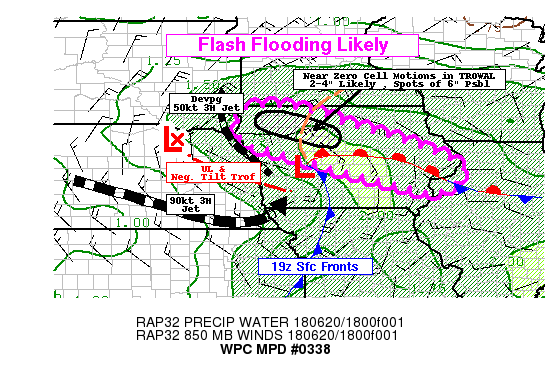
AREAS AFFECTED...IOWA...EXT NORTHWEST IL

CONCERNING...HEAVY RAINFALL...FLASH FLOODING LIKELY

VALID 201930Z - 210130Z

SUMMARY...DEEP CYCLOGENESIS WILL LEAD TO SLOW MOVING/STATIONARY
CELLS ALONG THE TROWAL ACROSS SATURATED SOILS LEADING TO LIKELY
FLASH FLOODING WITH 2-4" LIKELY WITH LOCALIZED HIGHER AMOUNTS
POSSIBLE.

DISCUSSION...GOES-16 WV SUITE DEPICTS A NEGATIVELY TILTED MID TO
UPPER LEVEL TROF ACROSS NEB INTO NW MO ATTM.  A STRONG UPSTREAM
90KT 3H JET IS UNDER CUTTING THE TROF AND ROUNDING THE BASE WITH A
NARROW SW-NW SPEED MAX TO 50KTS EXPECTED TOWARD 00Z IN THE
VICINITY OF THE MISSOURI RIVER. SO STRONG DIFFLUENCE BUT ALSO
SPEED DIVERGENCE WILL SUPPORT VERY STRONG CYCLOGENESIS ACROSS
CENTRAL IA.  GIVEN THE STRENGTH OF THE JET AND SHARPNESS OF THE
TROF...THE COLD FRONT WILL BE ACCELERATING EASTWARD QUICKLY...AND
WILL ORIENTED THE WARM CONVEYOR BELT/TROWAL BISECTING IA FROM NEAR
THE QUAD CITIES TO NW IA WITH VERY SLOW/NEAR ZERO CELL MOTION
VECTORS.  CLOUD COVER/MODERATE SHOWERS ACROSS THE SE SD INTO NW IA
HAS SIGNIFICANTLY STUNTED INSTABILITY BUT STRONG INSOLATION IN
CENTRAL IA SUPPORTED 2000-2500 J/KG CAPES GIVEN MID-70S TDS.

STRONG CONVERGENCE ALONG THE FRONTAL ZONE HAS SPARKED RAPIDLY
DEVELOPING CONVECTION THAT HAS BEEN LIFTING NORTH WITH SOME CELLS
DEVELOPMENT WITHIN THE DEVELOPING TROWAL OVER NW IA AS WELL.
GIVEN ADVECTION OF THE INSTABILITY THROUGH THE TROWAL AND HIGH LOW
TO MID-LEVEL MOISTURE POOLED ALONG THE FRONT...TOTAL PWS OVER
1.75" HAVE BEEN OBSERVED IN GPS AND BLENDED TPW SUPPORTING MOIST
LOW LEVEL PROFILES FOR EFFICIENT RAINFALL PRODUCTION AND RATES.
ALONG THE SIDE OF THE DEVELOPING SURFACE LOW...RAP PROPAGATION
VECTORS WILL BE ALIGNED FOR TRAINING/MERGERS WITH 10-15KTS TOWARD
THE NNW SLOWING TO NEAR ZERO NEAR SLB...SUPPORTING THE POTENTIAL
FOR HIGH RATES INITIALLY BUT CONTINUING TO SUPPORT MODERATE TO
HEAVY SHIELD PRECIPITATION FOR A LONGER DURATION INUNDATION
FLOODING CONCERNS AFTER NIGHTFALL. HI-RES CAMS ARE SUPPORTIVE AND
ARE SUGGESTIVE OF 2-4" TOTALS WITH SOME POTENTIAL ISOLATED SPOTS
OVER 6" PSBL.  GIVEN WET ANTECEDENT CONDITIONS FLASH FLOODING IS
CONSIDERED LIKELY ACROSS NW IA TO CENTRAL IA.

FURTHER EAST...NEAR THE TRIPLE POINT IN E IA...CELLS WILL ALSO
SLOW DOWN NEAR/ACROSS THE WARM FRONT INTO N IL...WHILE DURATION
GIVEN SLIGHTLY FASTER FORWARD (EASTWARD) PROPAGATION VECTORS.
HOWEVER LOWERED 1HR FFG VALUES 1.5-2" AND 3HR TO 2-3" STILL REMAIN
POSSIBLE FOR EXCEEDANCE GIVEN THE RAINFALL EFFICIENCY AND FLASH
FLOODING IS POSSIBLE ACROSS E IA INTO NW IL THROUGH THE EVENING
HOURS.